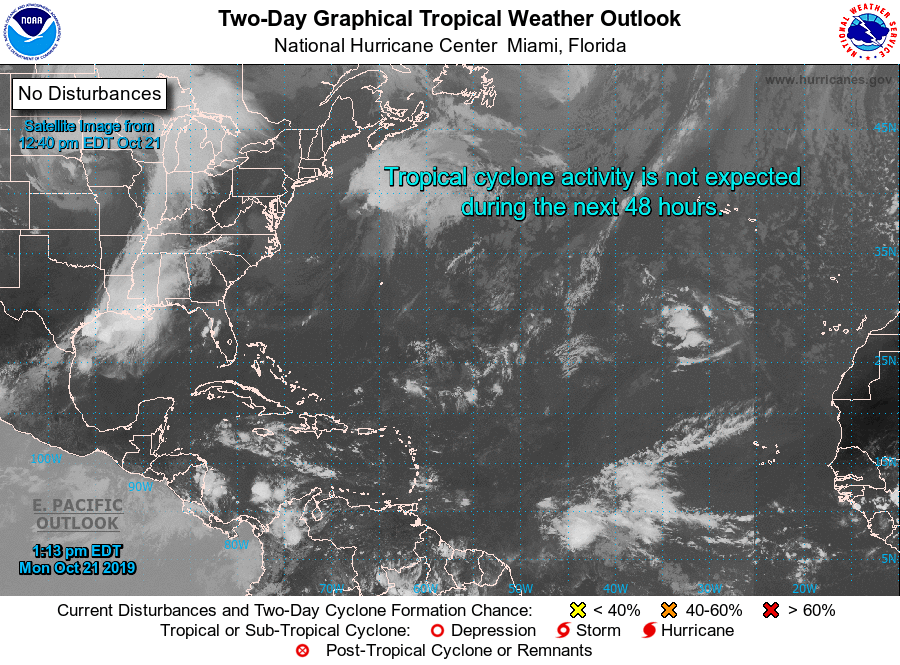
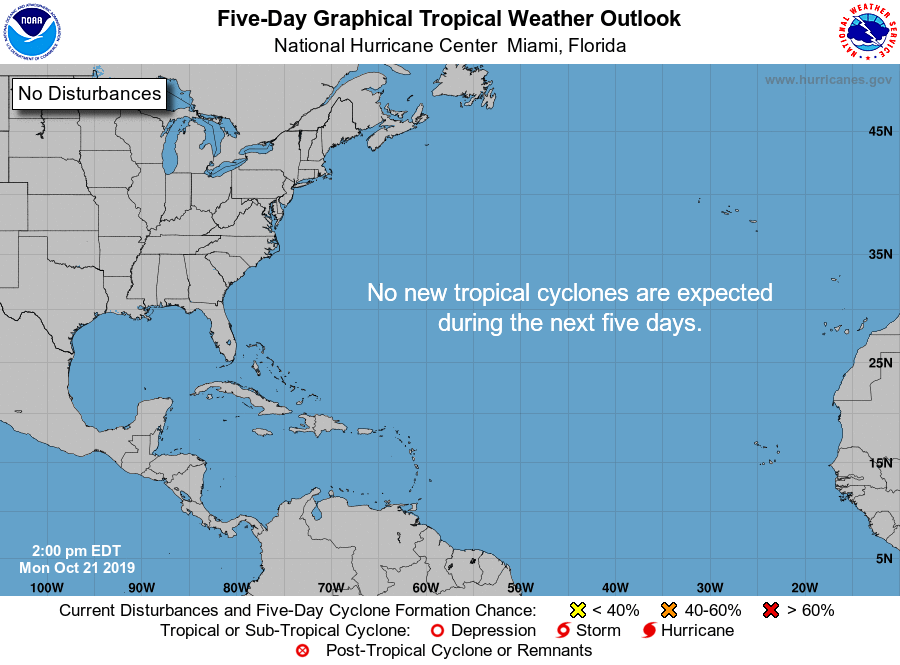
For the North Atlantic...Caribbean Sea and the Gulf of Mexico:

Tropical cyclone formation is not expected during the next 5 days.

Forecaster Stewart